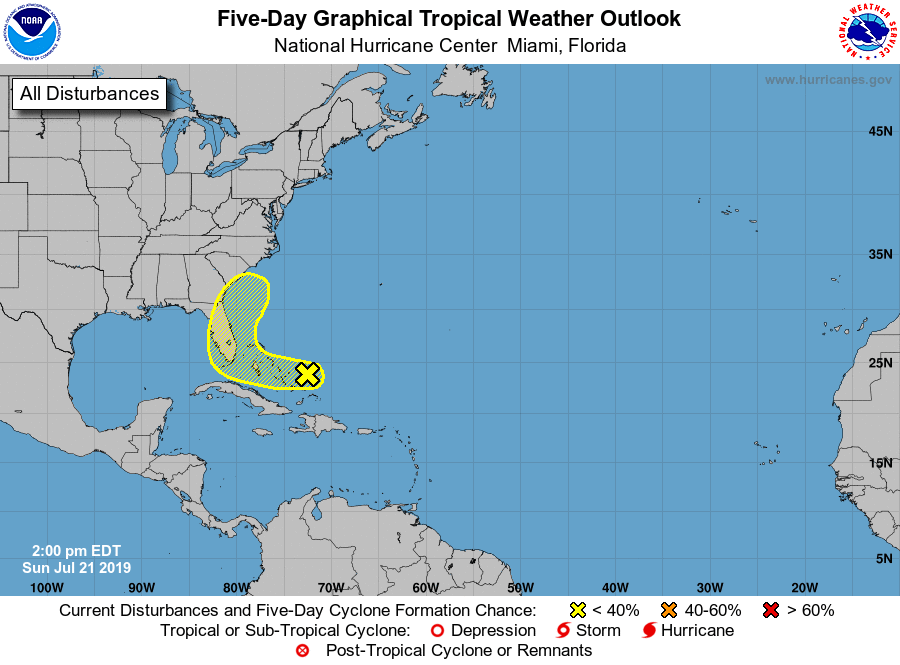
For the North Atlantic...Caribbean Sea and the Gulf of Mexico:

1. A weak area of low pressure just to the east of the Central Bahamas is producing disorganized showers and a few thunderstorms. Some slight development is possible over the next few days while the disturbance moves westward to west-northwestward at around 15 mph.
* Formation chance through 48 hours...low...10 percent.
* Formation chance through 5 days...low...20 percent.

Forecaster Pasch